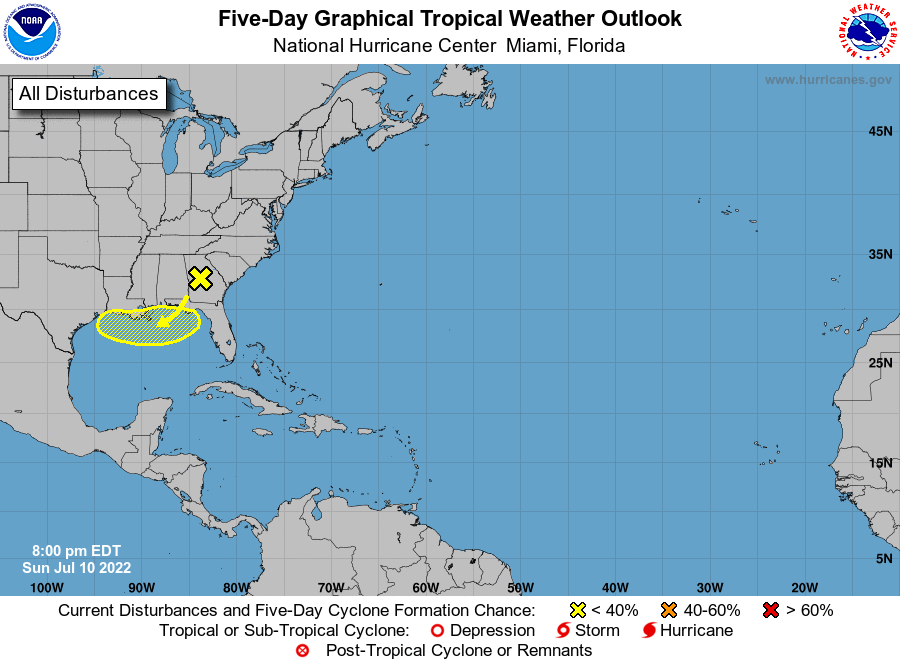
For the North Atlantic...Caribbean Sea and the Gulf of Mexico:

1. Northern Gulf of Mexico: A surface trough of low pressure is expected to form in a couple of days over the northern Gulf of Mexico, partially related to a decaying frontal boundary currently located over the southeastern United States. Some slow development of this system is possible if it remains offshore during the middle and latter part of the week while it moves little. Regardless of development, heavy rains will be possible along portions of the northern Gulf coast from Louisiana to the Florida Panhandle over the next several days. For more information about the potential for heavy rain, please see products issued by your local National Weather Service office and the Weather Prediction Center.
* Formation chance through 48 hours...low...near 0 percent.
* Formation change through 5 days...low...30 percent.

Products from the Weather Prediction Center can be found at wpc.ncep.noaa.gov and local National Weather Service products can be found at weather.gov

Forecaster Cangialosi